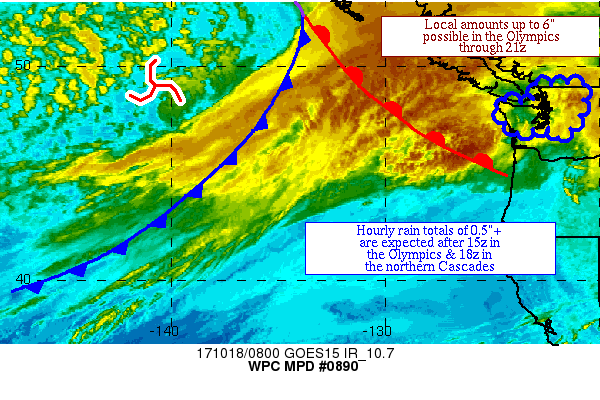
AREAS AFFECTED...NORTHWEST WA

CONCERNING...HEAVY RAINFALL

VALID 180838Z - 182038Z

SUMMARY...AN ATMOSPHERIC RIVER IS EXPECTED TO MOVE ASHORE WITH
HEAVY RAINFALL AFTER 15Z.  HOURLY RAIN TOTALS AT OR ABOVE 0.5" AND
LOCAL AMOUNTS IN THE 4-6" RANGE ARE EXPECTED.

DISCUSSION...THE SECOND IN A SERIES OF ATMOSPHERIC RIVER EVENTS IS
POISED TO MOVE INTO NORTHWEST WA.  THE DISTURBANCE RESPONSIBLE FOR
THE NEWEST INCURSION IS NEAR 49N 141W AT THE PRESENT TIME.  THE
MOISTURE CHANNEL/PLUME EXTENDS BACK TO TAIWAN.  PRECIPITABLE WATER
VALUES WITHIN THE PLUME EXCEED 1.5" PER THE BLENDED TPW PRODUCT.
INFLOW AT 850/700 HPA HPA IS CURRENTLY OUT OF THE SOUTH TO WEST AT
~20 KTS.

AS THE DISTURBANCE APPROACHES, DIVERGENCE ALOFT AND BOUNDARY LAYER
MOISTURE CONVERGENCE ARE EXPECTED TO INCREASE.  THIS OCCURS ACROSS
THE OLYMPIC PENINSULA STARTING AT 15Z AND THE NORTHERN CASCADES
BEGINNING AT 18Z NEAR AND AFTER WARM FRONTAL PASSAGE AND REMAINS
QUASI- STATIONARY ALONG WITH THE MOISTURE PLUME THEREAFTER.  THE
INFLOW AT 850 HPA IS EXPECTED TO REACH 60-65 KTS WHILE MU CAPE
VALUES MIGHT REACH 100 J/KG.  INGREDIENT- WISE, THIS SUPPORTS
HOURLY RAIN TOTALS OF ~0.5".  THE MESOSCALE GUIDANCE CONCURS, WITH
VERSION 2 OF THE 00Z HREF PROBABILITIES SHOWING A 50-90% CHANCE OF
EXCEEDING 0.5"/HOUR TOTALS DURING THE PERIOD OF MAXIMUM BOUNDARY
LAYER MOISTURE CONVERGENCE.  SNOW LEVELS WILL BE CLIMBING WITHIN
THE WARM ADVECTION REGIME, ASCENDING TOWARDS 10,000 FEET WITH
TIME, WHICH WOULD AID WARM RAIN PROCESSES AND LEAD TO GREATER
PRECIPITATION EFFICIENCY DURING THE PERIOD OF MAXIMUM BOUNDARY
LAYER MOISTURE CONVERGENCE.  THE MESOSCALE GUIDANCE SHOWS A STRONG
SIGNAL FOR LOCAL AMOUNTS IN THE 4-6" RANGE ACROSS THE OLYMPICS AND
2-3" FOR THE NORTHERN CASCADES BY 21Z.